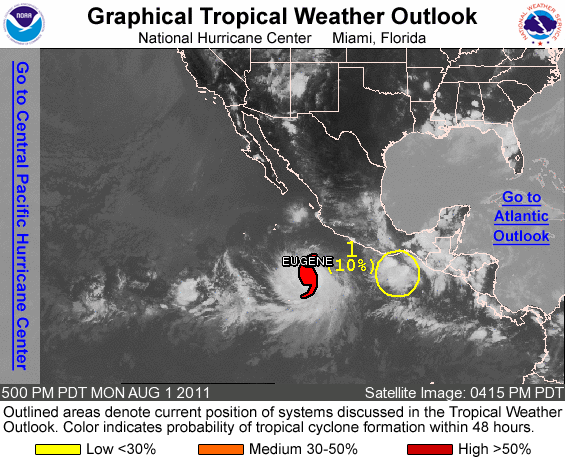
FOR THE EASTERN NORTH PACIFIC...EAST OF 140 DEGREES WEST LONGITUDE..

THE NATIONAL HURRICANE CENTER IS ISSUING ADVISORIES ON RECENTLY UPGRADED HURRICANE EUGENE...LOCATED ABOUT 410 MILES SOUTHWEST OF ZIHUATANEJO MEXICO.

1. AN AREA OF DISTURBED WEATHER HAS FORMED NEAR THE GULF OF TEHUANTEPEC. DEVELOPMENT...IF ANY...OF THIS SYSTEM IS EXPECTED TO BE SLOW TO OCCUR AS IT MOVES SLOWLY WESTWARD DURING THE NEXT COUPLE OF DAYS. THIS SYSTEM HAS A LOW CHANCE...10 PERCENT...OF BECOMING A TROPICAL CYCLONE DURING THE NEXT 48 HOURS.

ELSEWHERE...TROPICAL CYCLONE FORMATION IS NOT EXPECTED DURING THE NEXT 48 HOURS.

FORECASTER CANGIALOSI